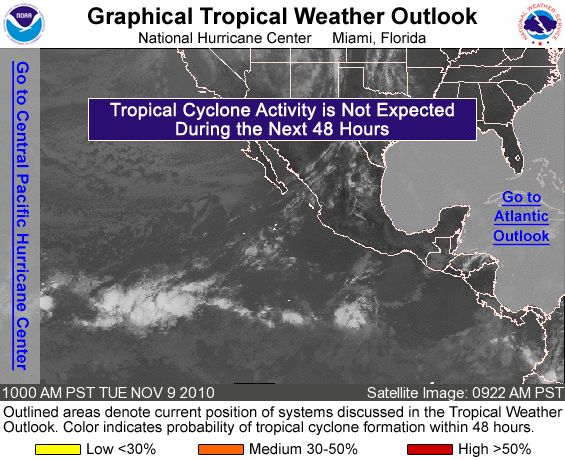
FOR THE EASTERN NORTH PACIFIC...EAST OF 140 DEGREES WEST LONGITUDE..

TROPICAL CYCLONE FORMATION IS NOT EXPECTED DURING THE NEXT 48 HOURS.

FORECASTER BROWN